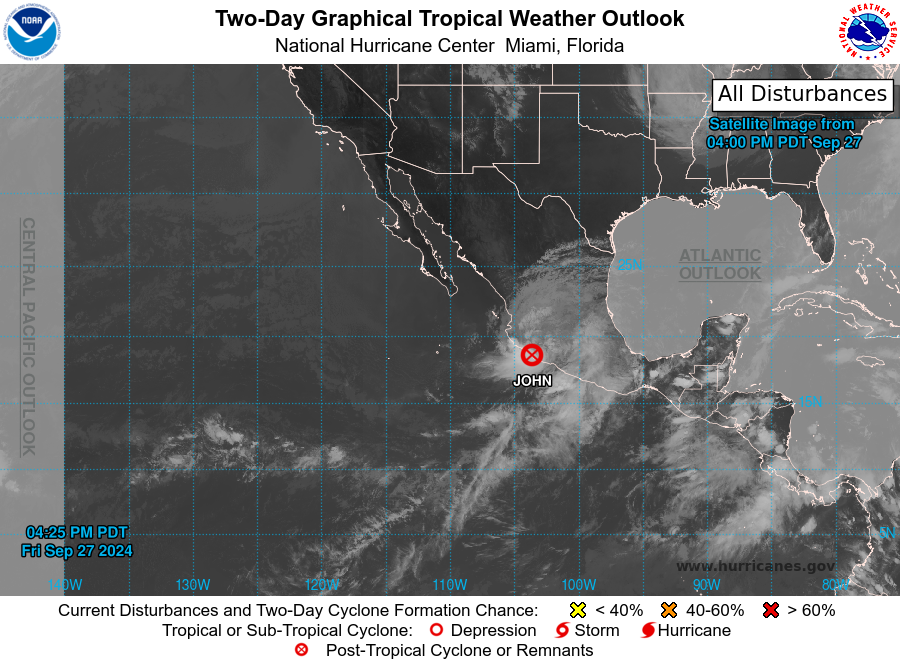
For the eastern North Pacific...east of 140 degrees west longitude:

Active Systems: The National Hurricane Center has issued the last advisory on the remnants of John, located just inland over southwestern Mexico.

1. Off the coast of southwestern Mexico: A broad low pressure system could form early next week off the coast of southwestern Mexico. Some slow development is possible after that time while the system drifts westward.
* Formation chance through 48 hours...low...near 0 percent.
* Formation chance through 7 days...low...20 percent.

Forecaster Hagen